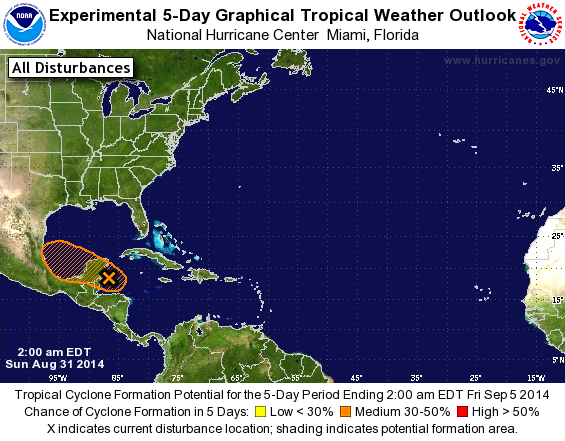
For the North Atlantic...Caribbean Sea and the Gulf of Mexico:

1. Disorganized shower and thunderstorm activity continues in association with a tropical wave over the northwestern Caribbean Sea. Land interaction will limit significant development while the disturbance moves across the Yucatan peninsula today and tonight. However, environmental conditions are expected to be become marginally conducive for some gradual development once the system moves into the southwestern Gulf of Mexico on Monday.
* Formation chance through 48 hours...low...20 percent.
* Formation chance through 5 days...medium...50 percent.

Forecaster Stewart